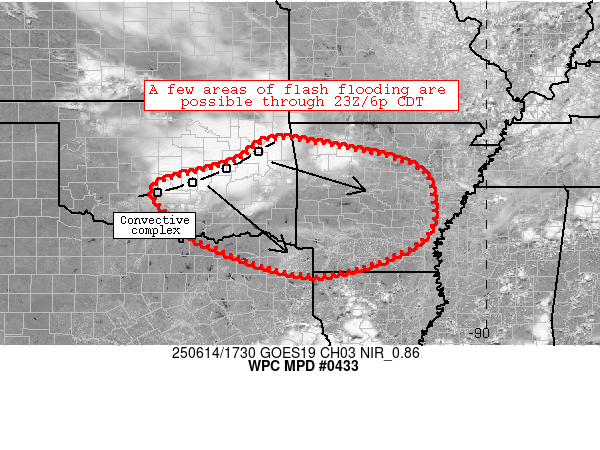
Areas affected...portions of eastern Oklahoma through
central/southwest Arkansas and far northeast Texas

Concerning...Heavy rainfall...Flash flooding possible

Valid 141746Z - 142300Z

Summary...An intensifying convective complex over eastern Oklahoma
will sweep through the discussion area and pose a risk of areas of
1-2 inch/hr rain rates at times.  These rates are expected to
cause localized/isolated flash flood issues through 23Z/6p CDT.

Discussion...Over the past couple hours, a linear MCS has
materialized over eastern Oklahoma from near Muskogee to near Ada.
 Cells within this complex were moving east-southeastward at
approximately 25-30 knots, which has mostly kept peak rain rates
at around 1-2 inches/hr (just shy of FFG thresholds) so far this
afternoon.

As storms migrate downstream through the afternoon and early
evening, a few considerations for increasing flash flood potential
exist, including: 1) deepening convection ahead of the complex,
which should allow for a few areas of mergers to prolong/increase
rain rates above 2 inches/hr and 2) the orientation of the complex
itself - which may allow for localized training on occasion.  FFG
thresholds should be breached in a few areas of this complex moves
through, with low-lying/sensitive areas of particular concern for
flash flooding.

Over time, a few of these storms may reach areas just north/east
of Little Rock that experienced 3-5 inch rainfall totals just a
few hours ago.  These areas may also be locally sensitive and
prone to flooding.